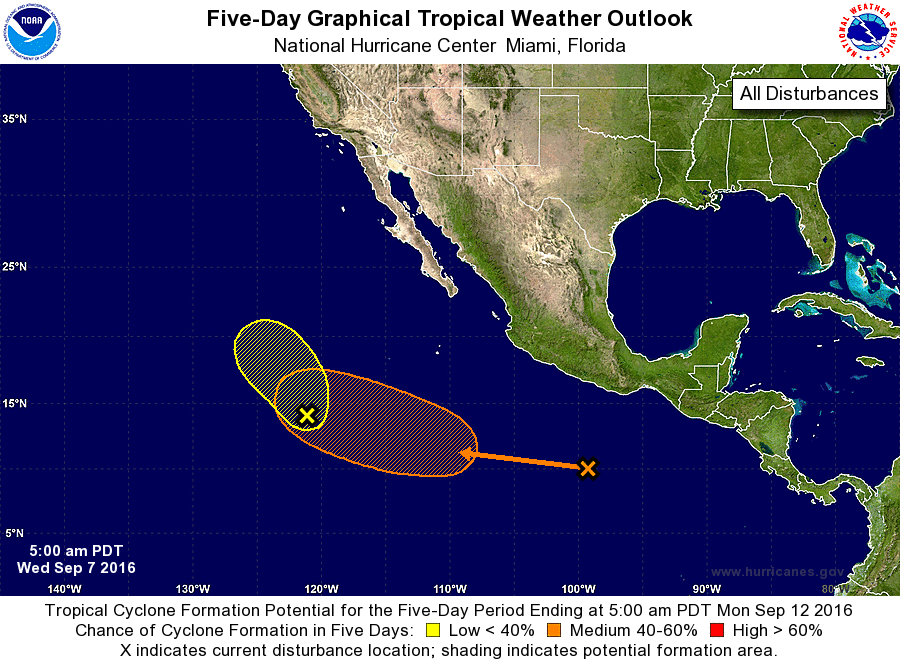
For the eastern North Pacific...east of 140 degrees west longitude:

The National Hurricane Center is issuing advisories on recently downgraded Tropical Storm Newton, located inland over the Mexican state of Sonora.

1. An area of low pressure located about 1000 miles southwest of the southern tip of the Baja California peninsula continues to produce disorganized shower activity. Development of this system is becoming less likely to occur as it moves northward and then northwestward during the next few days.
* Formation chance through 48 hours...low...20 percent
* Formation chance through 5 days...low...20 percent

2. A tropical wave located well south of Acapulco, Mexico, is producing cloudiness and disorganized showers. A low pressure system is expected to form from this wave in a couple of days several hundred miles southwest of Manzanillo, Mexico. Slow development of this system is possible, and a tropical depression could form over the weekend while the low moves west-northwestward.
* Formation chance through 48 hours...low...near 0 percent
* Formation chance through 5 days...medium...60 percent

Forecaster Berg